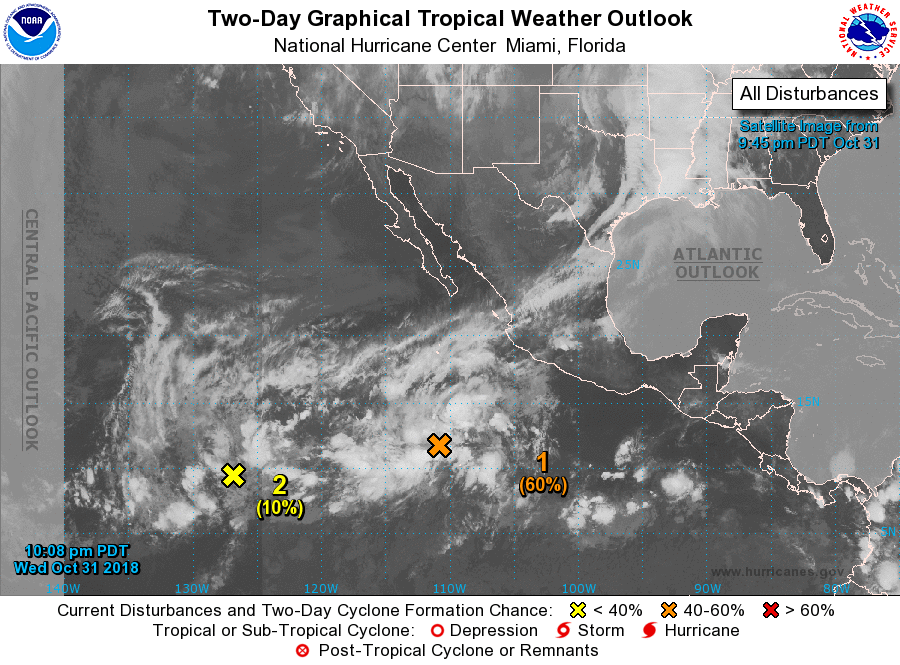
For the eastern North Pacific...east of 140 degrees west longitude:

1. An elongated low pressure system located several hundred miles south of the southern tip of the Baja California peninsula is producing a broad area of disorganized showers and thunderstorms. Environmental conditions are forecast to be conducive for gradual development during the next several days, and a tropical depression is likely to form later this week or this weekend while the system moves slowly northwestward to northward.
* Formation chance through 48 hours...medium...60 percent.
* Formation chance through 5 days...high...90 percent.

2. Showers and thunderstorms associated with a broad area of low pressure located about 1400 miles southwest of the southern tip of the Baja California peninsula remain disorganized. Any development during the next few days should be slow to occur while the disturbance moves toward the west or west-northwest at 5 to 10 mph.
* Formation chance through 48 hours...low...10 percent.
* Formation chance through 5 days...low...10 percent.

Forecaster Stewart